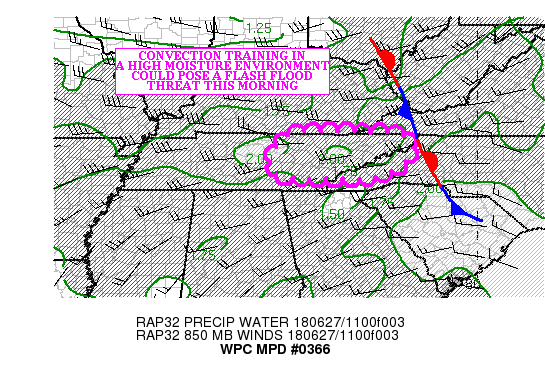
AREAS AFFECTED...CENTRAL AND EASTERN TN

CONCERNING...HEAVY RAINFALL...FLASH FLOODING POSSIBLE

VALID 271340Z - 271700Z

SUMMARY...CONVECTION TRAINING IN A HIGH MOISTURE CONTENT
ENVIRONMENT COULD PRODUCE HOURLY RAINFALL RATES NEAR 2.00 INCHES,
WHICH IN TURN MAY POSE A FLASH FLOOD THREAT THIS MORNING.

DISCUSSION...CONVECTION IS SLOWLY INCREASING IN COVERAGE ACROSS
PORTIONS OF CENTRAL INTO EASTERN TN THIS MORNING... AHEAD OF A
SHORT WAVE LOCATED OVER WEST CENTRAL TN (BASED ON THE GOES-16 WV
LOOP). THE CONVECTION IS FORMING/MOVING ALONG AN AXIS OF 2.00 INCH
PRECIPITABLE WATER AIR (28/12Z BNA SOUNDING SHOWED A PRECIPITABLE
WATER VALUE OF 2.10 INCHES...ALONG WITH A MOIST COLUMN THROUGH 500
MB). IN THIS DEEP MOISTURE...THE KOHX RADAR CONTINUES TO INDICATE
HOURLY RAINFALL RATES BETWEEN 1.50 AND 2.00 INCHES.
HOWEVER...BASED ON THE RADAR PRESENTATION (AS WELL AS THE OHX HCA
PRODUCT)...THESE AMOUNTS COULD BE HAIL CONTAMINATED).

THUS FAR...INSTABILITY HAS BEEN THE LIMITING FACTOR FOR THE SLOW
INCREASING CONVECTIVE COVERAGE. HOWEVER...RAP SOUNDINGS ACROSS
EASTERN TN SHOWED INSTABILITY INCREASING SLOWLY THROUGH
27/17Z...WHICH COULD ALLOW THE COVERAGE TO EXPAND. THE CONVECTION
IS MOVING ALONG FROM WEST TO EAST...ALONG WITH THE 850-300 MB
FLOW. THE MOST RECENT RAP SUGGESTS THAT WHILE THIS MOTION
CONTINUES...PROPAGATION VECTORS COULD ALLOW FOR CONVECTION TO
TRAIN OVER CENTRAL INTO EASTERN TN...WHICH RAISES THE THREAT FOR
FLASH FLOODING.

THE HRRR/EXPERIMENTAL HRRR HAVE HAD THE BEST HANDLE ON THE
CONVECTION (WHILE THE 00Z WRF-ARW/00Z WRF-NMMB SHOWED VERY LITTLE
WHERE THE CONVECTION IS OCCURRING NOW). THE HRRR INDICATED THE
POTENTIAL FOR LOCAL 2.00/3.00 INCHES OF RAINFALL OVER EASTERN TN
BEFORE THE CONVECTION MOVES EAST. TRAINING COULD BE REQUIRED FOR
RAINFALL AMOUNTS THIS HIGH...SO AT THIS POINT FLASH FLOODING IS
ONLY CONSIDERED POSSIBLE.